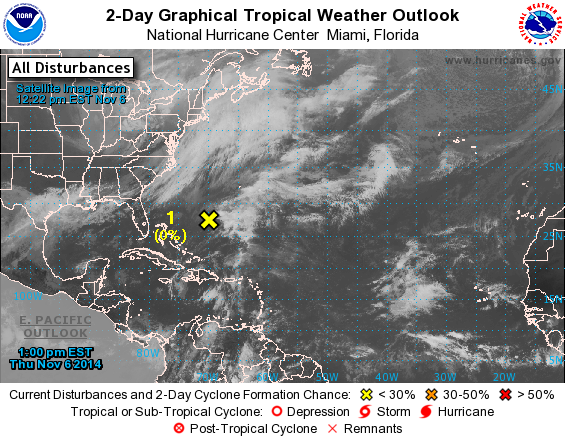
For the North Atlantic...Caribbean Sea and the Gulf of Mexico:

1. Satellite imagery indicates that the low pressure area several hundred miles southwest of Bermuda has weakened to a trough, and that the associated shower activity has become less organized. Significant development of this system is unlikely before it is absorbed into a developing non-tropical low over the western Atlantic on Friday.
* Formation chance through 48 hours...low...near 0 percent.
* Formation chance through 5 days...low...near 0 percent.

Forecaster Beven